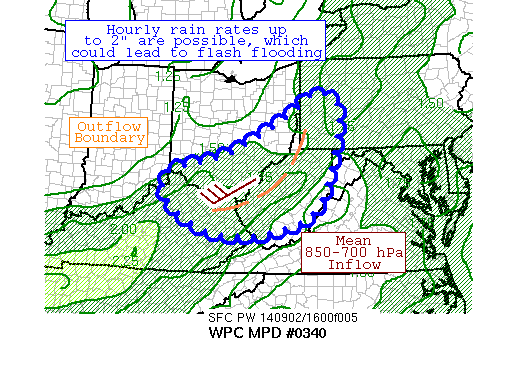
AREAS AFFECTED...PORTIONS OF THE OH VALLEY

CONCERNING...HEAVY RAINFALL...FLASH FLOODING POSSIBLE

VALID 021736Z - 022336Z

SUMMARY...AN OUTFLOW BOUNDARY IS EXPECTED TO BE THE FOCUS FOR
RENEWED THUNDERSTORM ACTIVITY OVER THE NEXT SEVERAL HOURS.
RAINFALL RATES UP TO 2" COULD CAUSE FLASH FLOODING.

DISCUSSION...AN OUTFLOW BOUNDARY FROM OVERNIGHT THUNDERSTORM
ACTIVITY UPSTREAM ACROSS THE OHIO VALLEY HAS BEGUN TO LIE
DOWN/STALL ACROSS EASTERN KY, WITH SOME SCATTERED THUNDERSTORMS
STILL EXISTING IN ITS VICINITY ACROSS WV.  OTHER THUNDERSTORMS ARE
MOVING TOWARDS THE WESTERN EDGE OF THIS REGION FROM SOUTHERN IN.
PRECIPITABLE WATER VALUES OF ~1.75" ARE EXPECTED ACROSS THE REGION
THIS AFTERNOON AND EVENING, WHILE 850-700 HPA INFLOW REMAINS CLOSE
TO 30 KTS, SIMILAR TO THE MAGNITUDE OF THE 850-400 HPA MEAN
LAYERED WIND.  REGIONAL SOUNDINGS SHOW SATURATED LOW-LEVELS AND
REVEAL UNIDIRECTIONAL FLOW WITH HEIGHT WITHIN THE TROPOSPHERE.
MIXED LAYER CAPES ARE IN THE 1000-2000 J/KG RANGE, AND SHOULD
BUILD FURTHER BEFORE CONVECTION BREAKS OUT ACROSS THE REGION.  THE
THRESHOLD FOR THE WET MULTICELL ENVIRONMENT HAS BEEN REACHED.

THE 06Z SSEO NEIGHBORHOOD PROBABILITIES OF EXCEEDING THREE HOURLY
FLASH FLOOD GUIDANCE VALUES ARE >50% ACROSS PORTIONS OF EASTERN
KY, WV, AND SOUTHWEST PA AND THAT THE THREAT FOR HEAVY RAINFALL
COULD PERSIST AS LATE AS 02Z.  THE MOST RECENT MESOSCALE GUIDANCE
SHOWS LOCAL 2" AMOUNTS POSSIBLE IN THIS REGION.  RECENT THOUGHTS
FROM SPC INDICATE THAT WV STANDS A GOOD CHANCE OF SEEING REPEAT
CONVECTION THIS AFTERNOON AND EVENING.  WITH THE MOISTURE PRESENT,
HOURLY RAINFALL RATES UP TO 2" ARE POSSIBLE.  CONVECTION IS
EXPECTED TO BE ON THE MOVE, BUT RANDOM CONVECTIVE CELLS/LINE
SEGMENTS COULD TRAIN GIVEN THE UNIDIRECTIONAL FLOW PRESENT.  FLASH
FLOODING IS POSSIBLE, PARTICULARLY IN AREAS SATURATED BY RECENT
RAINS.